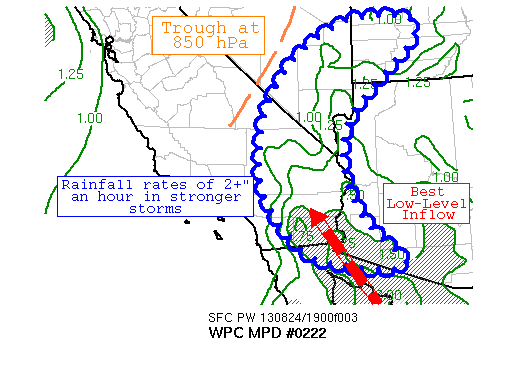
AREAS AFFECTED...SOUTHWEST UT...SOUTHERN NV...NORTHWEST
AZ...SOUTHEAST CA

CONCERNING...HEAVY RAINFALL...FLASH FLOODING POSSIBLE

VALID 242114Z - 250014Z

SUMMARY...SCATTERED THUNDERSTORMS WITH HOURLY RAIN RATES EXCEEDING
TWO INCHES IN STRONGER CELLS COULD CAUSE REGIONAL FLASH FLOODING.

DISCUSSION...SCATTERED THUNDERSTORMS ACROSS THE DESERT SOUTHWEST
HAVE SHIFTED WESTWARD THROUGH THE DAY TODAY.  SOME OF THIS SHIFT
IS DUE TO AN OUTFLOW BOUNDARY FROM EARLIER ACTIVITY IN AZ, WHILE
THE REMAINDER OF THE SHIFT COULD BE DUE TO A SLIGHT WESTWARD SHIFT
IN RIDGING ACROSS THE WEST CAUSED BY A SHORTWAVE OVERTOPPING THE
RIDGE ACROSS THE NORTHERN ROCKIES.  RECENT HRRR RUNS HAVE HAD A
HARD TIME DEPICTING THE THUNDERSTORM EVOLUTION, WITH ITS 15Z RUN
FAVORING UT AND ITS 18Z RUN SUPPORTING THE AREAS AROUND THE DESERT
SOUTHWEST.

AN UPPER-LEVEL TROUGH NEAR THE WEST COAST HAS LED TO DIVERGENCE
ALOFT ACROSS THE REGION.  THE UPPER LEVEL JET ACROSS NEVADA IS
EXPECTED TO STRENGTHEN THROUGH THE AFTERNOON INTO THE EVENING
HOURS NEAR THE NV/UT BORDER, ENHANCING DIVERGENCE WITH TIME.
PRECIPITABLE WATER VALUES OF 1-2 INCHES ACROSS THE REGION EXCEED
THE 85TH PERCENTILE FOR LATE AUGUST IN THE LAS VEGAS NV AREA,
SUPPORTIVE OF GREATER THAN NORMAL PRECIPITATION EFFICIENCY.  RADAR
IMAGERY SUGGESTS THAT THE STRONGEST THUNDERSTORMS ARE DROPPING
OVER TWO INCHES OF RAIN PER HOUR, WHICH IS CAUSING LOCAL FLASH
FLOODING.  RECENT SATELLITE IMAGERY INDICATES THAT MOISTURE VALUES
ARE INCREASING ACROSS THE REGION DUE TO DECENT LOW-LEVEL INFLOW
FROM THE GULF OF CALIFORNIA, WHICH IS EXPECTED TO DECREASE WITH
TIME.  THE 850-250 HPA MEAN WIND SUPPORTS A GENERAL NORTHWARD
MOVEMENT TO THUNDERSTORM CELLS OF 10-15 KNOTS, THOUGH RECENT
WESTWARD PROPAGATION CAUSED BY SHIFTING MID-LEVEL RIDGING AND
OUTFLOW BOUNDARIES FROM EARLIER ACTIVITY ARE RESULTING IN A MORE
NORTHWEST MOTION.

THUNDERSTORMS APPEAR TO BE MIGRATING TOWARD A LOW-LEVEL MOISTURE
GRADIENT ACROSS CA AND NV ROUGHLY ALIGNED WITH A TROUGH
DISCERNIBLE AT 850 HPA.  CAPE VALUES THROUGH THE DAY TODAY HAVE
BEEN IN THE 2000+ J/KG RANGE, SUPPORTIVE OF THUNDERSTORM
DEVELOPMENT.  RECENT RUNS OF THE ARW INDICATE THE CAPE -- BOTH
SURFACE BASED AND MUCAPE -- SHOULD ERODE THROUGH THIS AFTERNOON
AND EVENING FROM NORTHEAST TO SOUTHWEST, PARTICULARLY AFTER 00Z.
REGIONAL FLASH FLOODING IS CONSIDERED POSSIBLE UNTIL 00Z, WHEN
ACTIVITY BECOMES MORE ISOLATED IN NATURE.